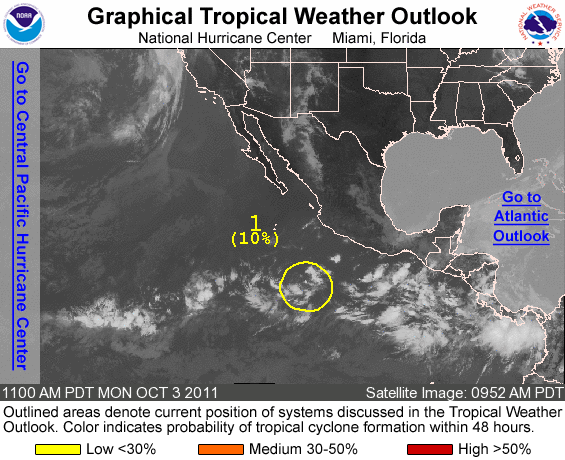
FOR THE EASTERN NORTH PACIFIC...EAST OF 140 DEGREES WEST LONGITUDE..

1. A BROAD AREA OF LOW PRESSURE LOCATED ABOUT 550 MILES SOUTH-SOUTHWEST OF MANZANILLO MEXICO CONTINUES TO PRODUCE DISORGANIZED SHOWERS AND A FEW THUNDERSTORMS. DEVELOPMENT...IF ANY...OF THIS SYSTEM IS EXPECTED TO BE SLOW TO OCCUR AS IT MOVES WESTWARD AT 5 TO 10 MPH DURING THE NEXT COUPLE OF DAYS. THIS SYSTEM HAS A LOW CHANCE...10 PERCENT...OF BECOMING A TROPICAL CYCLONE DURING THE NEXT 48 HOURS.

ELSEWHERE...TROPICAL CYCLONE FORMATION IS NOT EXPECTED DURING THE NEXT 48 HOURS.

FORECASTER BROWN